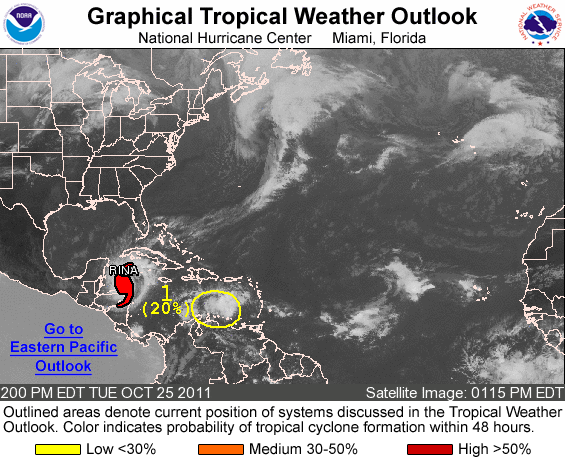
FOR THE NORTH ATLANTIC...CARIBBEAN SEA AND THE GULF OF MEXICO...

THE NATIONAL HURRICANE CENTER IS ISSUING ADVISORIES ON HURRICANE RINA...LOCATED ABOUT 280 MILES EAST-SOUTHEAST OF CHETUMAL MEXICO.

1. A SURFACE TROUGH OVER THE SOUTH-CENTRAL CARIBBEAN SEA CONTINUES TO PRODUCE DISORGANIZED SHOWER AND THUNDERSTORM ACTIVITY. THIS SYSTEM HAS BECOME LESS ORGANIZED OVER THE PAST FEW HOURS...AND ANY DEVELOPMENT IS EXPECTED TO BE SLOW TO OCCUR AS IT MOVES WEST- NORTHWESTWARD AT 15 TO 20 MPH OVER THE NEXT COUPLE OF DAYS. THIS SYSTEM HAS A LOW CHANCE...20 PERCENT...OF BECOMING A TROPICAL CYCLONE DURING THE NEXT 48 HOURS. REGARDLESS OF DEVELOPMENT... LOCALLY HEAVY RAINS ARE POSSIBLE OVER ARUBA...CURACAO AND BONAIRE...THE NORTHWESTERN COAST OF VENEZUELA...AND THE NORTHEASTERN COAST OF COLOMBIA TODAY. FOR ADDITIONAL INFORMATION... PLEASE SEE REFER TO YOUR LOCAL WEATHER OFFICE.

ELSEWHERE...TROPICAL CYCLONE FORMATION IS NOT EXPECTED DURING THE NEXT 48 HOURS.

FORECASTER BRENNAN